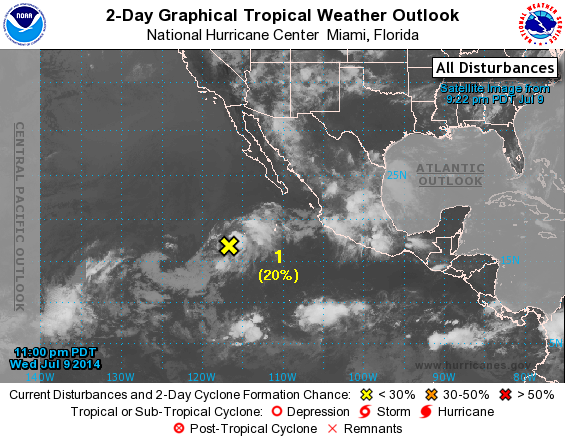
For the eastern North Pacific...east of 140 degrees west longitude:

1. Cloudiness and showers associated with a broad area of low pressure located about 650 miles southwest of the southern tip of the Baja California Peninsula have changed little in organization. This system still has some potential for development during the next 12 to 24 hours before the environment becomes unfavorable for tropical cyclone formation.
* Formation chance through 48 hours...low...20 percent.
* Formation chance through 5 days...low...20 percent.

Forecaster Avila